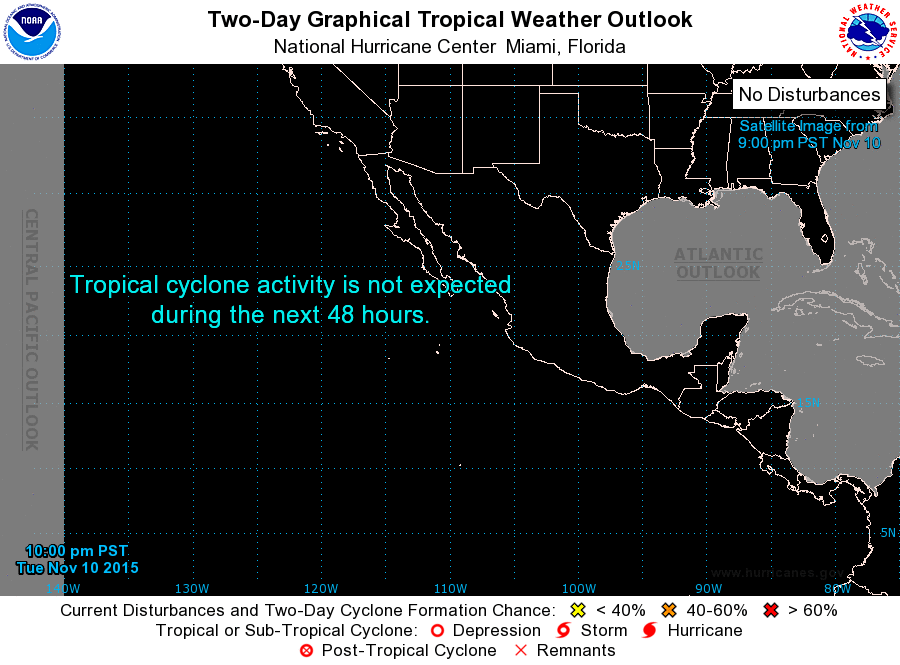
For the eastern North Pacific...east of 140 degrees west longitude:

Tropical cyclone formation is not expected during the next 5 days.

Forecaster Landsea